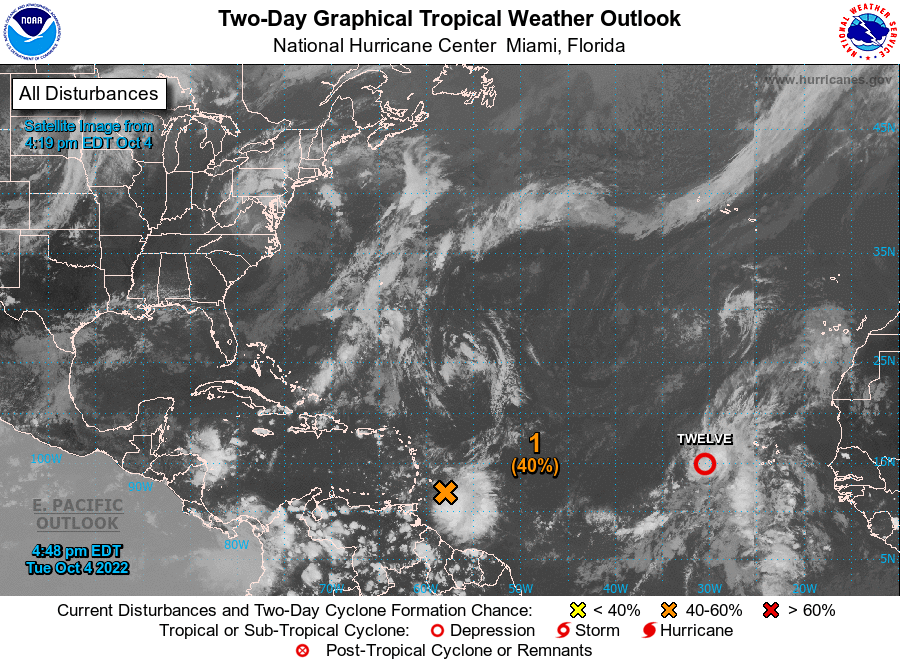
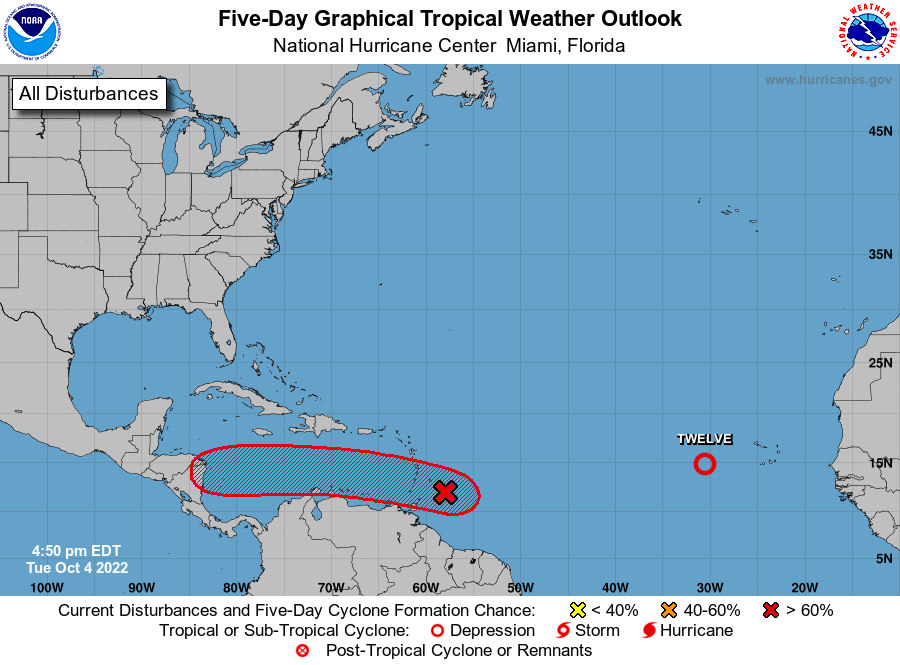
For the North Atlantic...Caribbean Sea and the Gulf of Mexico:

The National Hurricane Center has initiated advisories on Tropical Depression Twelve, located a few hundred miles west of the Cabo Verde Islands.

1. East of the Windward Islands: Updated: Data from an Air Force Reserve Hurricane Hunter aircraft indicate that the broad area of low pressure located a couple of hundred miles east of the Windward Islands does not have a closed circulation and the center remains ill defined. In addition, the associated shower and thunderstorm activity is still displaced to the southeast of the center. Upper-level winds are likely to become more conducive for development, and a tropical depression could form during the next couple of days, if the system stays far enough away from land while moving westward at about 15 mph across the Windward Islands and southeastern Caribbean Sea. Conditions are forecast to become more conducive for development later this week when the system reaches the central and western Caribbean Sea. Regardless of development, heavy rainfall with localized flooding, as well as gusty winds, are expected over portions of the Windward Islands, northern portions of South America, and the ABC Islands during the next couple of days, and interests in those locations should continue to monitor the progress of this system.
* Formation chance through 48 hours...medium...40 percent.
* Formation chance through 5 days...high...70 percent.

Key messages for the disturbance east of the Windward Islands can be found on the National Hurricane Center website at www.hurricanes.gov

Public Advisories on Tropical Depression Twelve are issued under WMO header WTNT32 KNHC and under AWIPS header MIATCPAT4. Forecast/Advisories on Tropical Depression Twelve are issued under WMO header WTNT22 KNHC and under AWIPS header MIATCMAT2.

Forecaster Berg